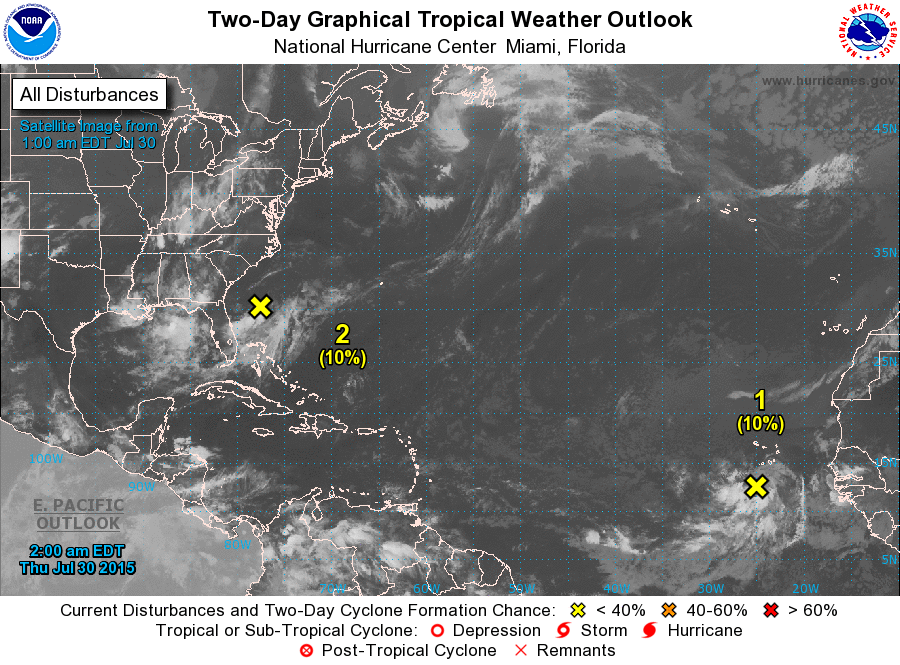
For the North Atlantic...Caribbean Sea and the Gulf of Mexico:

1. A tropical wave accompanied by a broad area of low pressure is located a couple of hundred miles south-southwest of the Cape Verde Islands. Although this system is currently producing a large area of showers and thunderstorms, further development, if any, will be slow to occur while it moves westward near 15 mph during the next several days.
* Formation chance through 48 hours...low...10 percent
* Formation chance through 5 days...low...30 percent

2. An elongated area of low pressure located a couple of hundred miles east of the coast of northern Florida is accompanied by disorganized thunderstorm activity. The low is expected to move northeastward with no significant development, and is forecast to merge with a frontal system by Friday.
* Formation chance through 48 hours...low...10 percent
* Formation chance through 5 days...low...10 percent

Forecaster Avila